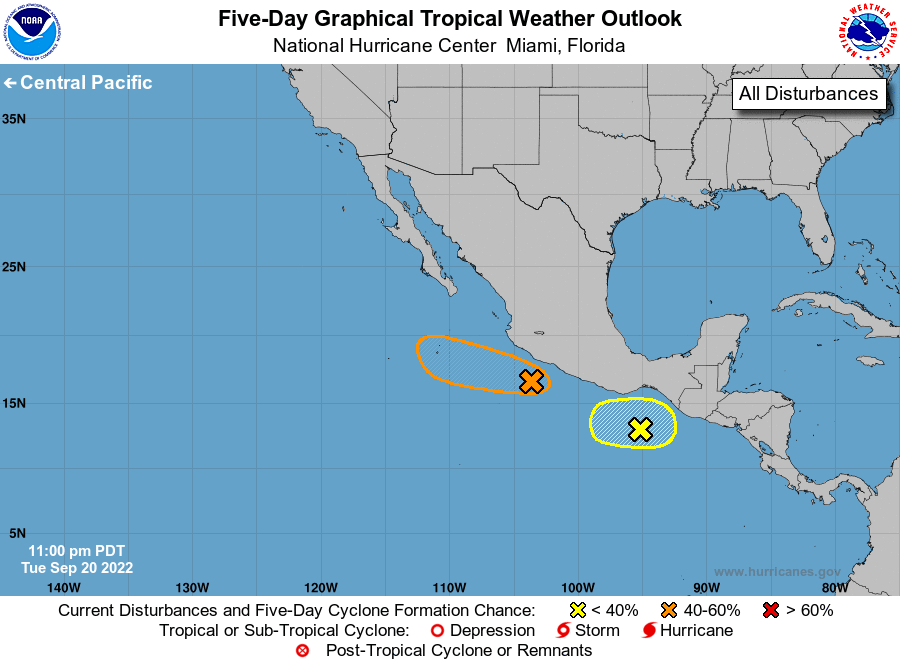
For the eastern North Pacific...east of 140 degrees west longitude:

1.

1. South of Southwestern Mexico: Shower and thunderstorm activity associated with an area of low pressure located just off the coast of southwestern Mexico continues to show signs of organization. Environmental conditions appear generally conducive for additional development and a tropical depression could form from this system over the next several days. This system is expected to move west-northwestward near or just south of the southwestern coast of Mexico over the next day or so, and then away from the coast of Mexico through the end of the week.
* Formation chance through 48 hours...medium...40 percent.
* Formation chance through 5 days...medium...50 percent.

2.

2. South of Central America and Southeastern Mexico: A broad area of low pressure offshore of southern Mexico and Guatemala is producing disorganized showers and thunderstorms. Development of this system, if any, should be slow to occur while it meanders off the coast of southern Mexico through the week.
* Formation chance through 48 hours...low...near 0 percent.
* Formation chance through 5 days...low...10 percent.

Forecaster Papin